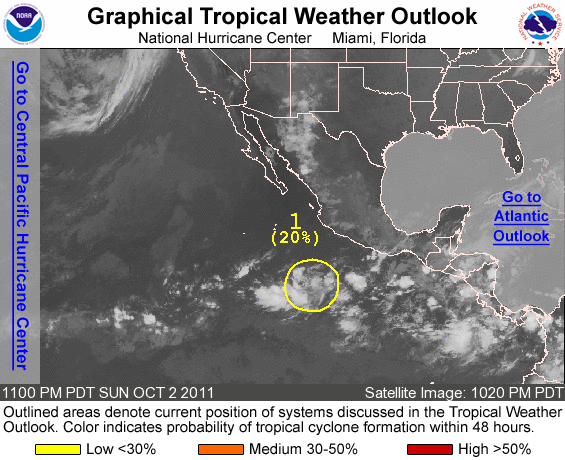
FOR THE EASTERN NORTH PACIFIC...EAST OF 140 DEGREES WEST LONGITUDE..

1. A BROAD AREA OF LOW PRESSURE LOCATED SEVERAL HUNDRED MILES SOUTH OF MANZANILLO MEXICO CONTINUES TO PRODUCE DISORGANIZED SHOWERS AND THUNDERSTORMS. ENVIRONMENTAL CONDITIONS APPEAR CONDUCIVE FOR SOME GRADUAL DEVELOPMENT OF THIS DISTURBANCE DURING THE NEXT FEW DAYS AS IT MOVES WESTWARD AT 5 TO 10 MPH. THIS SYSTEM HAS A LOW CHANCE... 20 PERCENT...OF BECOMING A TROPICAL CYCLONE DURING THE NEXT 48 HOURS.

ELSEWHERE...TROPICAL CYCLONE FORMATION IS NOT EXPECTED DURING THE NEXT 48 HOURS.

FORECASTER CANGIALOSI/STEWART